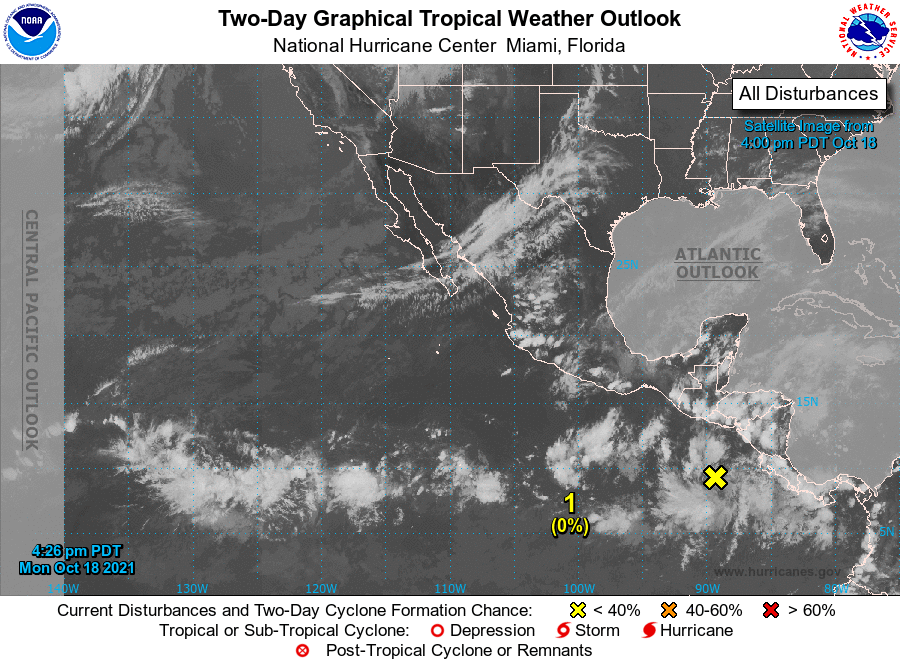
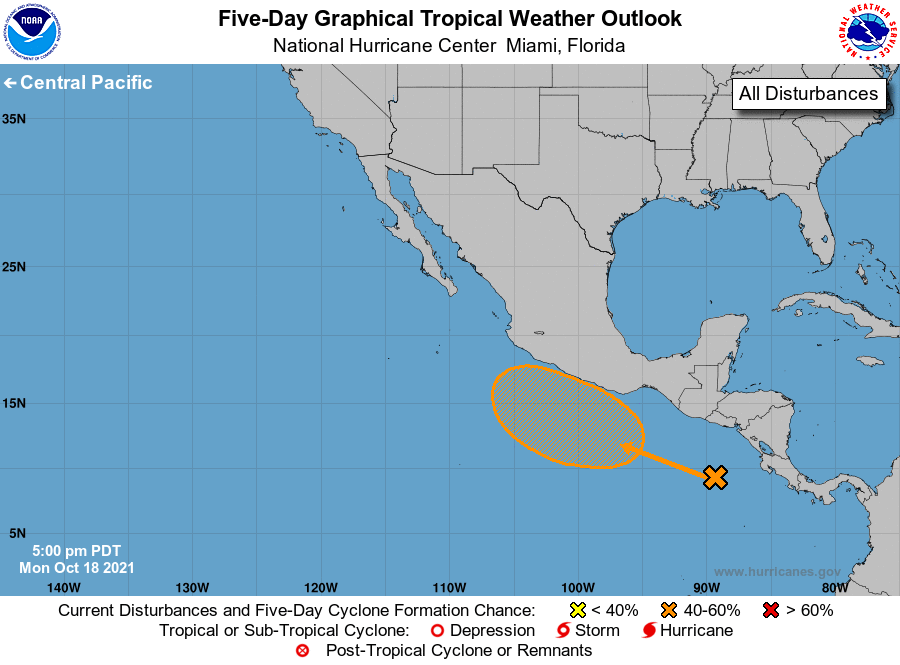
For the eastern North Pacific...east of 140 degrees west longitude:

1.

1. An area of disturbed weather is located to the south of Central America. Environmental conditions are expected to be conducive for gradual development of this system during the next several days, and a tropical depression could form late this week or this weekend while the system moves west-northwestward to northwestward near or just south of the coast of southern Mexico.
* Formation chance through 48 hours...low...near 0 percent.
* Formation chance through 5 days...medium...50 percent.

Forecaster Pasch